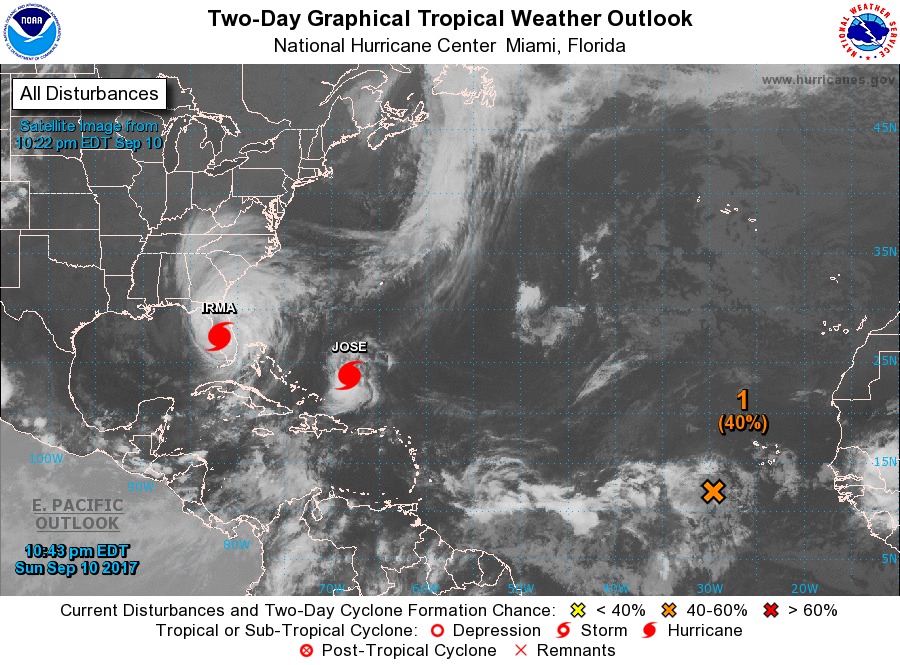
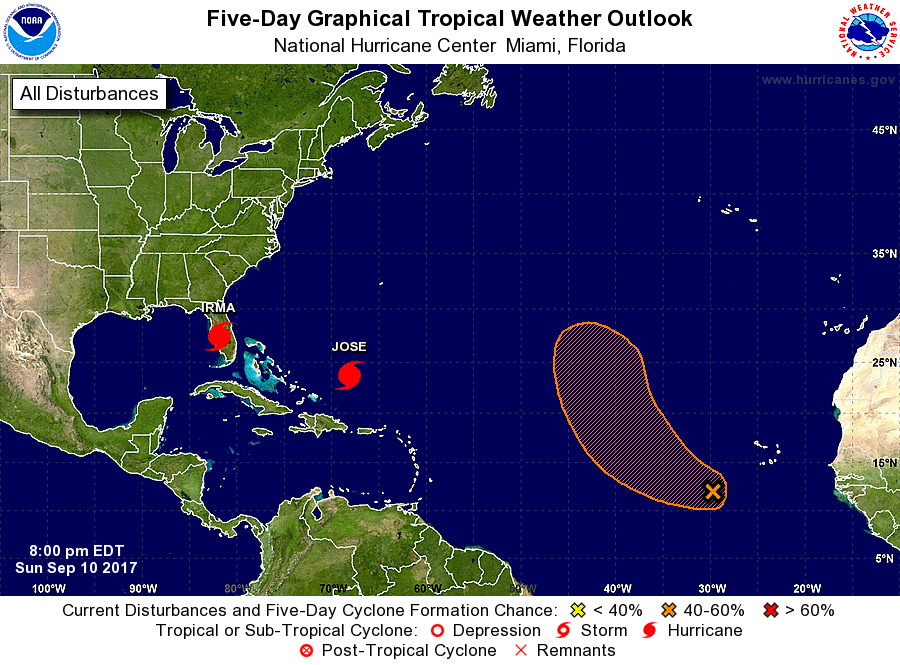
For the North Atlantic...Caribbean Sea and the Gulf of Mexico:

The National Hurricane Center is issuing advisories on Hurricane Irma, located just inland of the southwest coast of Florida. The Weather Prediction Center is issuing advisories on Hurricane Jose, located a couple hundred miles north-northeast of Puerto Rico.

1. An area of disturbed weather associated with a tropical wave located a few hundred miles southwest of the Cabo Verde Islands has not become any better organized during the day. Environmental conditions are still expected to be conducive for some development, and a tropical depression could form during the next few days while the system moves generally northwestward over the eastern Atlantic Ocean.
* Formation chance through 48 hours...medium...40 percent.
* Formation chance through 5 days...medium...50 percent.

Forecaster Zelinsky